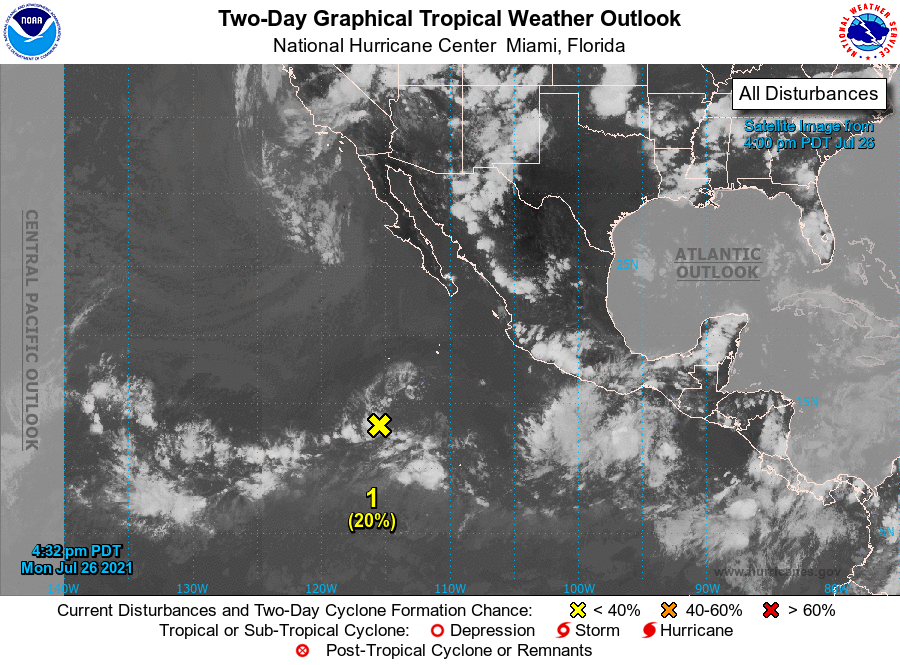
For the eastern North Pacific...east of 140 degrees west longitude:

1. A small but well-defined area of low pressure located more than 700 miles south-southwest of the southern tip of the Baja California peninsula continues to produce a small area of shower and thunderstorm activity near its center. Some gradual development of this system is possible over the next several days as it moves westward at around 10 mph.
* Formation chance through 48 hours...low...20 percent.
* Formation chance through 5 days...low...30 percent.

2. An area of low pressure is forecast to develop in a few days several hundred miles south of the Gulf of Tehuantepec. Environmental conditions appear conducive for some gradual development thereafter, and a tropical depression could form late this week or over the weekend while the system moves west-northwestward at around 15 mph, staying several hundred miles offshore of the coast of southern Mexico.
* Formation chance through 48 hours...low...near 0 percent.
* Formation chance through 5 days...medium...40 percent.

Forecaster Papin/Brown